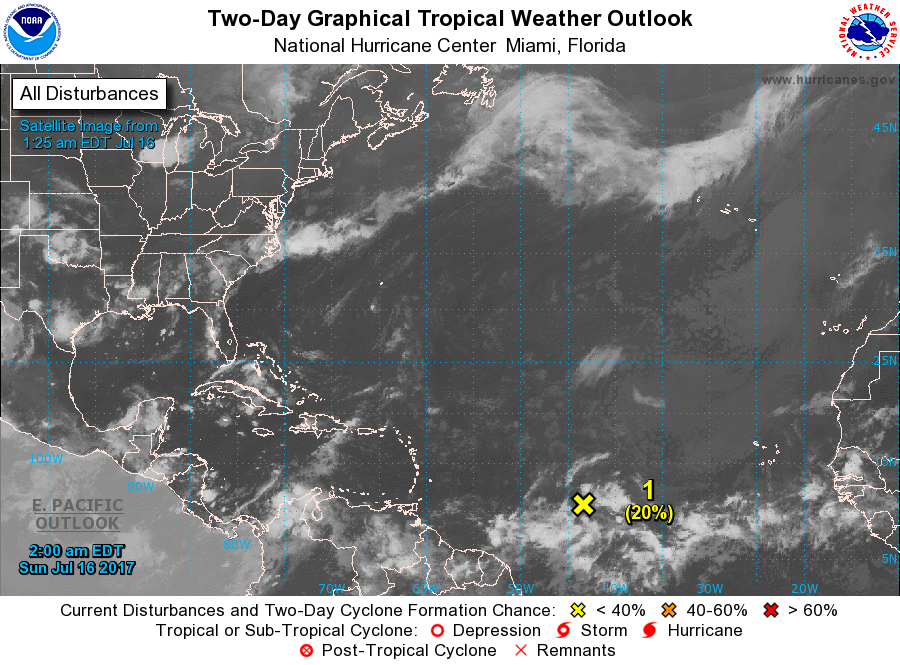
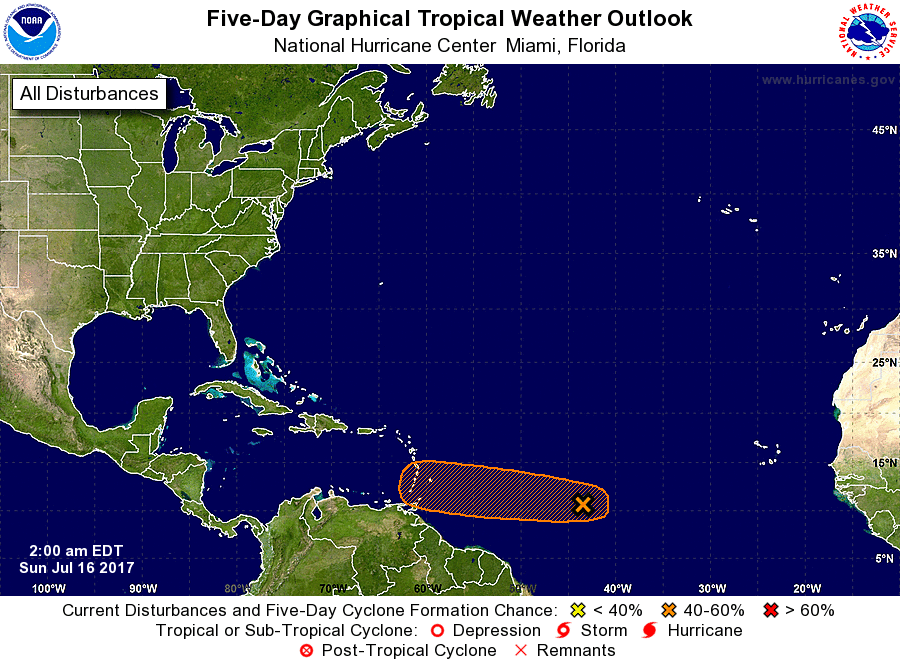
For the North Atlantic...Caribbean Sea and the Gulf of Mexico:

1. A low pressure trough over the central tropical Atlantic Ocean is producing disorganized showers and thunderstorms. Although this system is close to dry air, some slow development is possible over the next few days while the system moves westward at 15 to 20 mph. An Air Force Reserve reconnaissance aircraft is scheduled to investigate the disturbance Monday afternoon, if necessary.
* Formation chance through 48 hours...low...20 percent.
* Formation chance through 5 days...medium...40 percent.

Forecaster Stewart